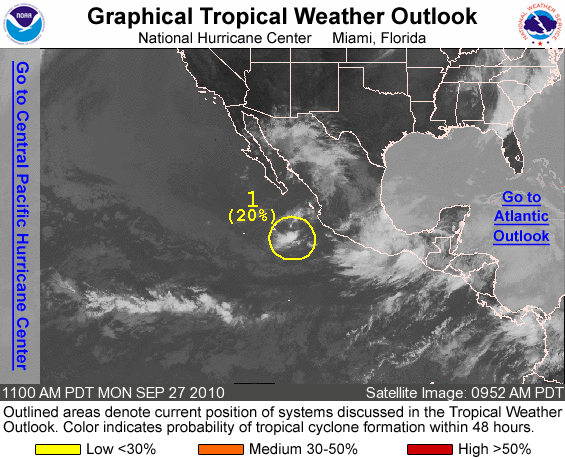
FOR THE EASTERN NORTH PACIFIC...EAST OF 140 DEGREES WEST LONGITUDE..

1. CLOUDINESS AND SHOWERS ASSOCIATED WITH A BROAD AREA OF LOW PRESSURE A COUPLE HUNDRED MILES SOUTHWEST OF MANZANILLO MEXICO HAVE BECOME LESS ORGANIZED THAN YESTERDAY. DEVELOPMENT...IF ANY...IS EXPECTED TO BE SLOW TO OCCUR DUE TO STRONG UPPER-LEVEL WINDS. THERE IS A LOW CHANCE...20 PERCENT...OF THIS SYSTEM BECOMING A TROPICAL CYCLONE DURING THE NEXT 48 HOURS AS IT DRIFTS EASTWARD OR NORTHEASTWARD.

ELSEWHERE...TROPICAL CYCLONE FORMATION IS NOT EXPECTED DURING THE NEXT 48 HOURS.

FORECASTER CANGIALOSI/PASCH